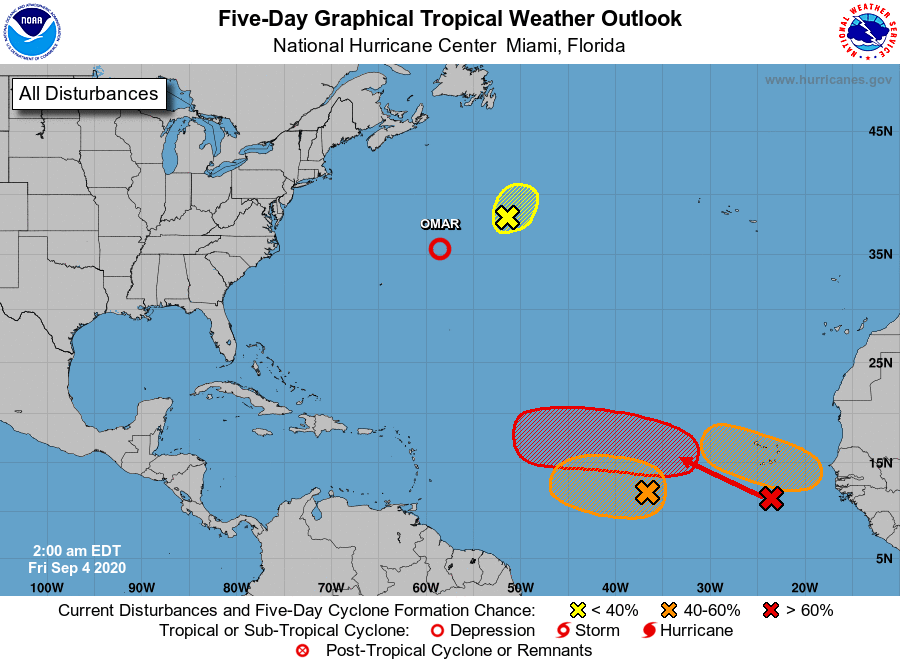
For the North Atlantic...Caribbean Sea and the Gulf of Mexico:

The National Hurricane Center has issued the last advisory on Nana, which has dissipated near the Guatemala-Mexico border, and is issuing advisories on Tropical Depression Omar, located about 400 miles east-northeast of Bermuda.

1. A non-tropical area of low pressure is located over the north-central Atlantic, about 600 miles south of Cape Race Newfoundland. This low is expected to move north-northeastward near 15 mph, and some slight subtropical or tropical development of this system is possible before it reaches cooler waters tonight.
* Formation chance through 48 hours...low...20 percent.
* Formation chance through 5 days...low...20 percent.

2. A broad area of low pressure located over the eastern tropical Atlantic several hundred miles west-southwest of the Cabo Verde Islands is producing disorganized showers and thunderstorms, while moving little. Gradual development is possible early next week once the larger tropical wave located near the Cabo Verde Islands passes to the north of the system on Sunday.
* Formation chance through 48 hours...low...20 percent.
* Formation chance through 5 days...medium...40 percent.

3. A tropical wave located near the Cabo Verde Islands is producing an extensive area of disorganized showers and thunderstorms. Development of this system is expected to be slow during the next couple of days while it moves west-northwestward at about 15 mph. After that, a tropical depression is more likely to form early next week over the central tropical Atlantic where environmental conditions are forecast to be more conducive for development.
* Formation chance through 48 hours...low...20 percent.
* Formation chance through 5 days...high...70 percent.

4. Another tropical wave is forecast to move off the west coast of Africa over the weekend. An area of low pressure is expected to form from the wave early next week. Gradual development of this low is then expected, and a tropical depression could form while it moves generally westward over the far eastern tropical Atlantic.
* Formation chance through 48 hours...low...near 0 percent.
* Formation chance through 5 days...medium...40 percent.

Forecaster Pasch